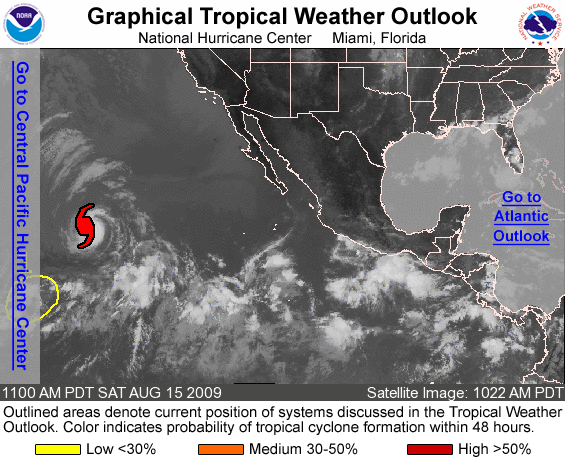
FOR THE EASTERN NORTH PACIFIC...EAST OF 140 DEGREES WEST LONGITUDE..

THE NATIONAL HURRICANE CENTER IS ISSUING ADVISORIES ON HURRICANE GUILLERMO...LOCATED ABOUT 1390 MILES EAST OF HILO HAWAII.

1. THE REMNANT LOW OF TROPICAL DEPRESSION NINE-E IS LOCATED ABOUT 1140 MILES EAST-SOUTHEAST OF THE HAWAIIAN ISLANDS. DISORGANIZED SHOWERS AND THUNDERSTORMS ASSOCIATED WITH THIS SYSTEM ARE LIMITED. RE-DEVELOPMENT...IF ANY...WILL BE SLOW TO OCCUR. THERE IS A LOW CHANCE...LESS THAN 30 PERCENT...OF THIS SYSTEM BECOMING A TROPICAL CYCLONE DURING THE NEXT 48 HOURS. FUTURE DISCUSSIONS ON THIS SYSTEM WILL BE ISSUED BY THE CENTRAL PACIFIC HURRICANE CENTER UNDER WMO HEADER ACPN50 PHFO AND AWIPS HEADER TWOCP.

ELSEWHERE...TROPICAL CYCLONE FORMATION IS NOT EXPECTED DURING THE NEXT 48 HOURS.

FORECASTER ROBERTS/BEVEN